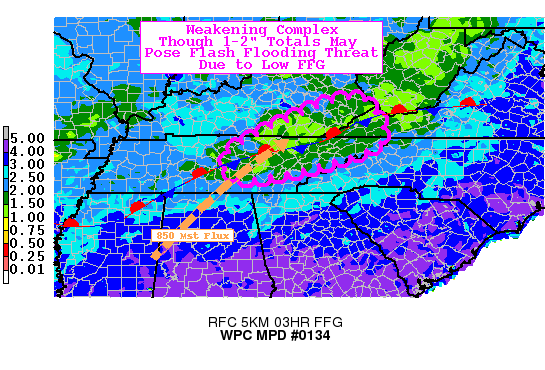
AREAS AFFECTED...EASTERN TN...SOUTHEAST KY...EXT SOUTHWEST VA

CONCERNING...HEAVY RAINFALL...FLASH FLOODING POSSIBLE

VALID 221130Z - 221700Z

SUMMARY...WEAKENING CONVECTION THOUGH WITH MODERATE SHIELD
PRECIPITATION MOVING INTO AREA OF SENSITIVE GROUND CONDITIONS
STILL MAY POSE ISOLATED FLASH FLOOD THREAT THROUGH EARLY MORNING.

DISCUSSION...WV DEPICTS WEAK HEIGHT FALLS/SHORTWAVE PRESSING
EASTWARD ACROSS THE LOWER OHIO RIVER VALLEY CURRENTLY CORRALLING
AND CONCENTRATING THE NARROW MOISTURE STREAM ACROSS N MS/NW AL
INTO CENT AND E TN IN ADVANCE OF A WAVY FRONTAL ZONE. INSTABILITY
IS NEARLY FULLY EXHAUSTED WITH ONLY A NARROW RIBBON OF 100-250
J/KG OF ELEVATED MUCAPE EXISTING ACROSS CENT/E TN.  STILL THIS IS
SUFFICIENT TO MAINTAIN WEAK CONVECTIVE ELEMENTS ALONG THE FRONTAL
BOUNDARY THOUGH THERE IS A TRANSITION OF THE CELLS TOWARD GREATER
ELEVATED NATURE OR SLIGHTLY ANAFRONTAL.  STILL WITH FAIRLY DEEP
SATURATED PROFILES WITH TPWS OF 1.3 TO 1.5"...THESE WEAK CELLS ARE
STILL CAPABLE OF RATES OF .75-1.0"/HR AND GIVEN THE ORIENTATION OF
THE FRONTAL ZONE WITH THE INCREASING NORTHERLY COMPONENT OF THE
CELL MOTION THERE MAY BE A NARROW CORRIDOR OF TRAINING CELLS AS
WEAK SHOWERS HAVE DEVELOPED DOWNSTREAM ACROSS THE CUMBERLAND
PLATEAU THROUGH TO THE APPALACHIANS OF FAR W VA.  THOUGH WITH THE
DPVA ALOFT AND NARROWING BUT NEARLY UNIDIRECTIONAL MST TRANSPORT
THERE SHOULD BE SOME EXPANSION/MAINTENANCE OF THE BROAD MODERATE
SHIELD PRECIPITATION ACROSS NE TN AND SE KY...WITH EXPECTATIONS OF
1-2".  THIS WOULD FALL OVER 3-6HRS WHICH WOULD BE VERY CLOSE TO
THE LOW FFG VALUES ACROSS THE CUMBERLAND PLATEAU AND SE KY.  STILL
THE THREAT OVERALL IS ON THE LOWER SIDE AND THEREFORE THE THREAT
OF FLASH FLOODING IS ONLY CONSIDERED POSSIBLE THROUGH THE EARLY
MORNING.